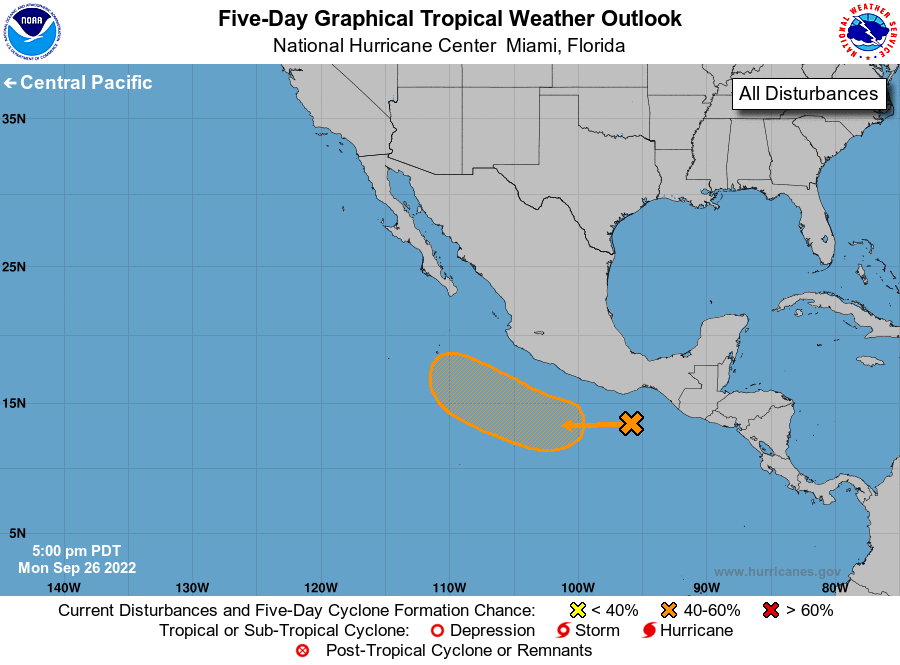
For the eastern North Pacific...east of 140 degrees west longitude:

1. South of the Southern Coast of Mexico: A broad area of low pressure is located south of the southern coast of Mexico. Environmental conditions are expected to be conducive for gradual development and a tropical depression could form by the end of this week while the system moves generally westward to west-northwestward off the coast of southern and southwestern Mexico.
* Formation chance through 48 hours...low...10 percent.
* Formation chance through 5 days...medium...60 percent.

Forecaster D. Zelinsky